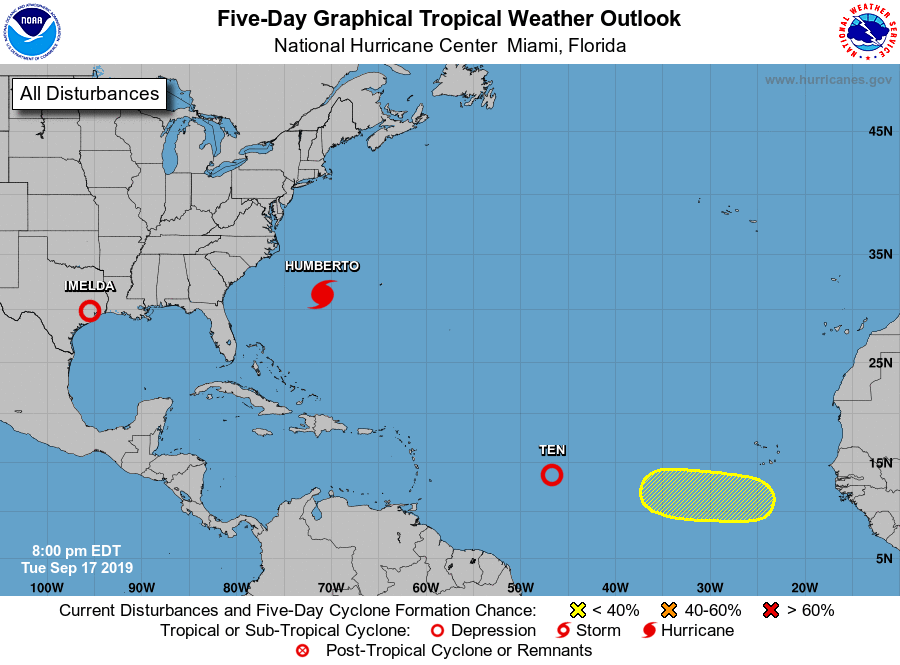
For the North Atlantic...Caribbean Sea and the Gulf of Mexico:

The National Hurricane Center is issuing advisories on Hurricane Humberto, located several hundred miles west of Bermuda, on Tropical Depression Ten, located more than 1000 miles east of the Leeward Islands, and on recently downgraded Tropical Depression Imelda, located near Houston, Texas.

1. A tropical wave is forecast to move off of the west coast of Africa on Thursday. Some gradual development is possible over the weekend while the system moves generally westward at 10 to 15 mph.
* Formation chance through 48 hours...low...near 0 percent.
* Formation chance through 5 days...low...20 percent.

Public Advisories on Tropical Depression Ten are issued under WMO header WTNT35 KNHC and under AWIPS header MIATCPAT5. Forecast/Advisories on Tropical Depression Ten are issued under WMO header WTNT25 KNHC and under AWIPS header MIATCMAT5.

Public Advisories on Imelda are issued under WMO header WTNT31 KNHC and under AWIPS header MIATCPAT1. Forecast/Advisories on Imelda are issued under WMO header WTNT21 KNHC and under AWIPS header MIATCMAT1.

Forecaster Berg